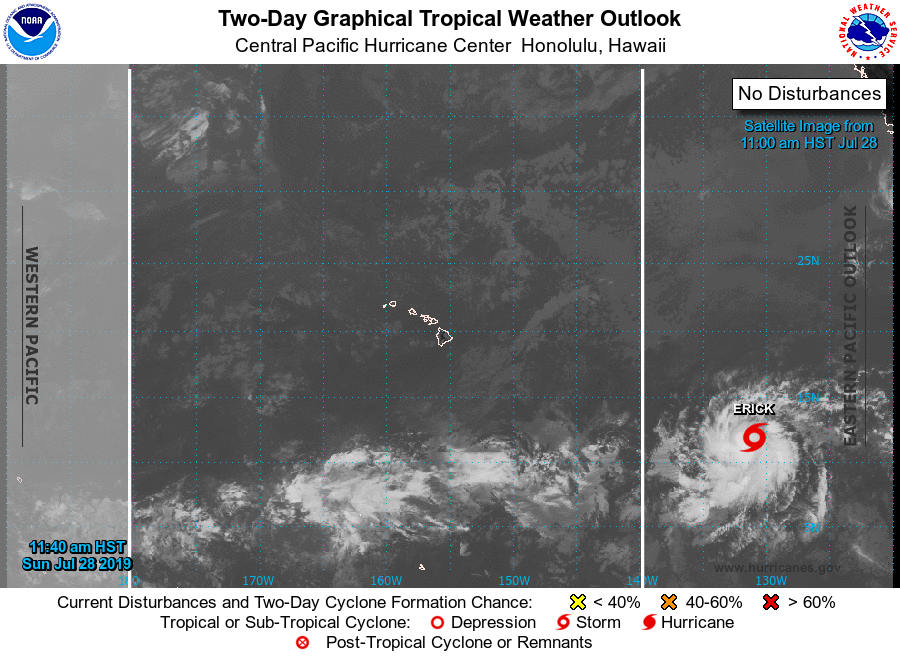
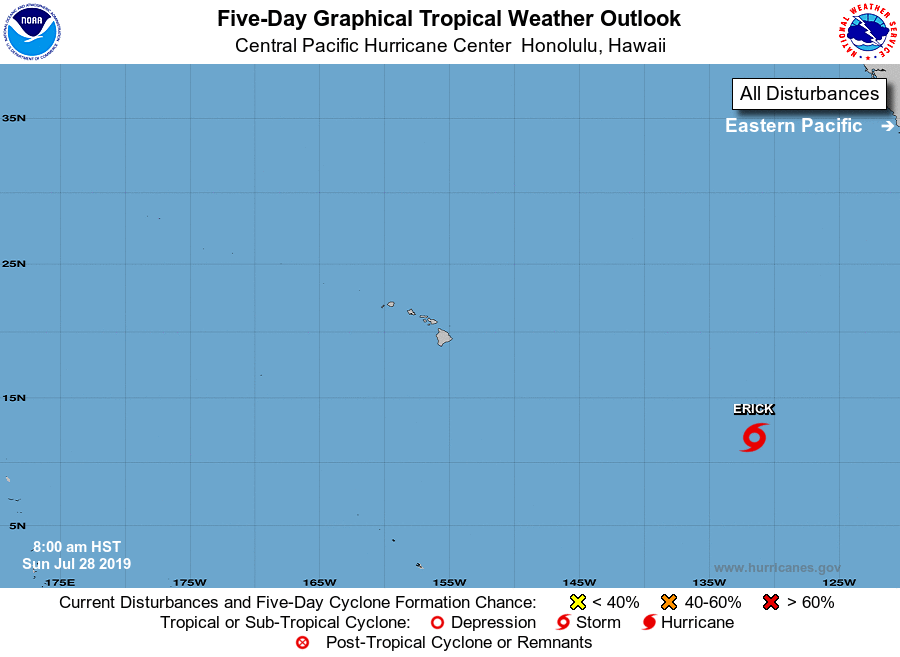
For the central North Pacific...between 140W and 180W:

The National Hurricane Center in Miami, Florida is issuing advisories on Tropical Storm Erick, centered about 1700 miles east-southeast of Hilo, Hawaii. Erick is expected to intensify, and move into the Central Pacific Hurricane Center Area of Responsibility as a hurricane early Tuesday morning.

Elsewhere, no tropical cyclones are expected during the next 5 days.

Public Advisories on Tropical Storm Erick are issued under WMO header WTPZ31 KNHC and under AWIPS header MIATCPEP1. Forecast Advisories on Tropical Storm Erick are issued under WMO header WTPZ21 KNHC and under AWIPS header MIATCMEP1.

Forecaster Kino